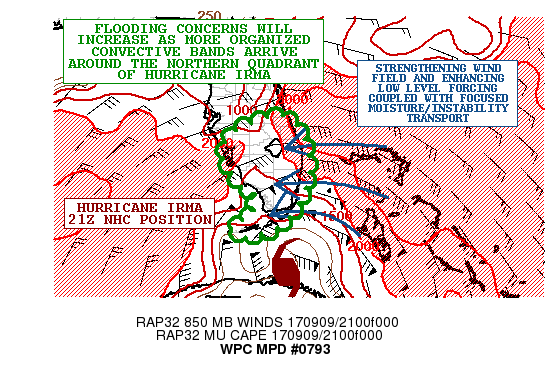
AREAS AFFECTED...CENTRAL/SOUTHERN FL

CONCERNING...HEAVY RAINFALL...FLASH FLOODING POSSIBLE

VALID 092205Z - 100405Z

SUMMARY...STRONG CONVECTIVE BANDS ARE EXPECTED TO EXPAND IN
COVERAGE OVER THE NEXT SEVERAL HOURS WITH VERY HEAVY RAINFALL
RATES THAT BEGIN TO ENCOURAGE SUBSTANTIAL RUNOFF AND POSSIBLE
FLASH FLOODING.

DISCUSSION...HURRICANE IRMA CONTINUES TO ADVANCE OFF TO THE
WEST-NORTHWEST WHILE APPROACHING THE FLORIDA STRAITS. OVER THE
LAST COUPLE OF HOURS THERE HAS BEEN A GENERAL INCREASE IN THE
INTENSITY AND ORGANIZATION OF CONVECTIVE BANDS AROUND THE NORTHERN
SEMICIRCLE OF IRMA...WITH THE STRONGEST ACTIVITY SOUTH OF LAKE
OKEECHOBEE AND GENERALLY IN BETWEEN WEST PALM BEACH AND MIAMI.
NON-OPERATIONAL GOES-16 10.3 MICRON/IR DATA HAS SHOWN A GENERAL
COOLING OF THESE CLOUD TOPS AS THE BANDS ADVANCE RAPIDLY WEST
ACROSS THE SOUTHERN PART OF THE FL PENINSULA.

THESE CONVECTIVE BANDS AND ASSOCIATED SQUALLS ARE PRODUCING
RAINFALL RATES OF UP TO 2.5 TO 3 INCHES/HR AND ARE LOCALLY
BEGINNING TO TRAIN OVER THE SAME AREA AND WILL CONTINUE TO ROTATE
IN OFF THE ATLANTIC OCEAN THROUGH THE EVENING HOURS. GIVEN THE
STRENGTHENING OF THE WIND FIELD WITH IRMA OVER SOUTH FL AND
SUBSEQUENT INCREASE IN LOW LEVEL FORCING/CONVERGENCE...ALONG WITH
ENHANCED MOISTURE/INSTABILITY TRANSPORT...EXPECT THERE TO BE AN
INCREASED CONCENTRATION OF VERY HEAVY RAINFALL. THESE BANDS WILL
BE CAPABLE OF PRODUCING RAINFALL TOTALS OF 3 TO 6+ INCHES THROUGH
THE LATE-EVENING HOURS.

MEANWHILE...THE CENTRAL CORE OF IRMA WILL BE APPROACHING THE FL
KEYS WITH TIME...AND THE NORTHWEST FLANK OF IRMA'S CDO WILL BEGIN
TO OVERSPREAD THE KEYS THROUGH THE EVENING HOURS...WITH EXTREMELY
HEAVY AND PERSISTENT RAINFALL. THE LATEST HRRR AND HRRRX GUIDANCE
SUPPORT RAINFALL TOTALS LOCALLY EXCEEDING 6 INCHES BY MIDNIGHT
ACROSS THE FL KEYS.

ALL OF THIS HEAVY RAIN WILL ENCOURAGE THE ONSET OF LOCALLY
SIGNIFICANT RUNOFF PROBLEMS AND POSSIBLE FLASH FLOODING. WILL
CONTINUE TO MONITOR.